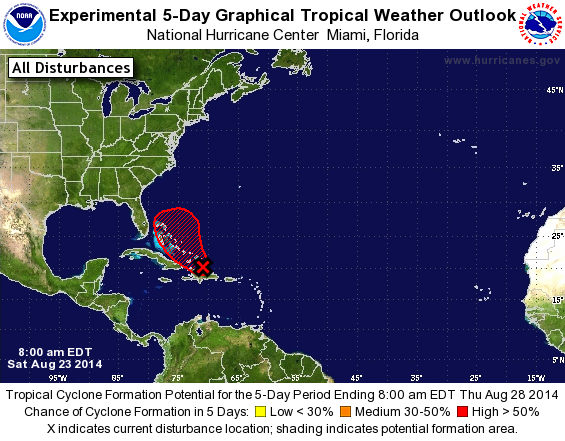
For the North Atlantic...Caribbean Sea and the Gulf of Mexico:

1. Satellite imagery indicates that a surface circulation could be organizing near the northern coast of the Dominican Republic in association with the area of disturbed weather near Hispaniola. This system continues to produce shower and thunderstorm activity, and environmental conditions are favorable for the development of a tropical depression or tropical storm today or Sunday. An Air Force Reserve Hurricane Hunter aircraft is currently investigating the system.

This disturbance is forecast to move west-northwestward over or near the southeastern Bahamas today, and over or near the central Bahamas on Sunday. Heavy rains and gusty winds are expected to continue over Puerto Rico and Hispaniola today. Winds to tropical storm force and heavy rains are expected to spread over the southeastern Bahamas, the Turks and Caicos Islands, and the central Bahamas through Sunday. These rains could cause life-threatening flash floods and mudslides, especially in mountainous areas of Hispaniola and Puerto Rico. Interests in the Turks and Caicos and all of the Bahamas should monitor the progress of this disturbance, since tropical storm watches and warnings could be required with little advance notice.
* Formation chance through 48 hours...high...80 percent.
* Formation chance through 5 days...high...90 percent.

Forecaster Brennan